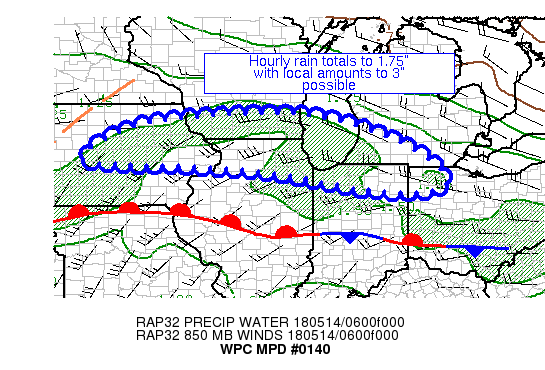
AREAS AFFECTED...UPPER MIDWEST INTO SOUTHERN GREAT LAKES

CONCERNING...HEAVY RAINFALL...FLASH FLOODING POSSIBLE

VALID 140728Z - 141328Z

SUMMARY...THUNDERSTORMS ARE EXPANDING IN COVERAGE AND SHOULD SOON
TRAIN.  HOURLY RAIN TOTALS TO 1.75" WITH LOCAL AMOUNTS TO 3" ARE
POSSIBLE.

DISCUSSION...SATELLITE IMAGERY HAS SHOWN A SLOW RAMP UP OF
CONVECTION WITH COOLING CLOUD TOPS ACROSS EASTERN IA AND SOUTHERN
WI OVER THE PAST FEW HOURS WITHIN AN AREA OF GENTLY CONVERGING 850
HPA WIND FLOW NORTH OF A SLOWLY ADVANCING WARM FRONT.  THIS HAS
OCCURRED AHEAD AND SOUTH OF A SHORTWAVE MOVING EASTWARD ALONG THE
IA/MN BORDER INTO SOUTHERN WI.  PRECIPITABLE WATER VALUES OF
1.3-1.5" LIE ACROSS THIS AREA PER GPS VALUES.  INFLOW AT 850 HPA
IS WEST-SOUTHWEST AT 40 KTS PER VAD WIND PROFILES.  MU CAPE VALUES
ARE ROUGHLY 1000-3000 J/KG IN THIS REGION, WITH EFFECTIVE BULK
SHEAR OF ~25 KTS PER SPC MESOANALYSES.

AS CELL COVERAGE CONTINUES TO INCREASE, TRAINING BECOMES MORE
LIKELY VERY SOON ACROSS EASTERN IA AND SOUTHERN WI.  THE BAND IS
EXPECTED TO SHIFT SOUTHWARD INTO NORTHERN IL WITH TIME.  THIS
ACTIVITY IS EXPECTED TO ADVECT DOWNSTREAM INTO NORTHEAST IN AND
NORTHWEST OH WITH TIME.  FLASH FLOOD GUIDANCE ARE RELATIVELY LOW
DUE TO RECENT RAINS.  GIVEN THE MOISTURE AND INSTABILITY, HOURLY
RAIN TOTALS TO 1.75" ARE ACHIEVABLE SHOULD A LONG ENOUGH BAND
TRAIN.  THIS WOULD BE NECESSARY AS CELL MOTIONS HAVE BEEN EAST AT
30-35 KTS.  THE END OF THE LINE FOR CONVECTION WITH HEAVY RAINFALL
IS EXPECTED TO BE NORTHWEST OH DUE TO LOWER INSTABILITY AND LESS
LOW-LEVEL INFLOW.  MESOSCALE GUIDANCE ADVERTISES LOCAL AMOUNTS IN
THE 2-3" RANGE THROUGH 13Z.